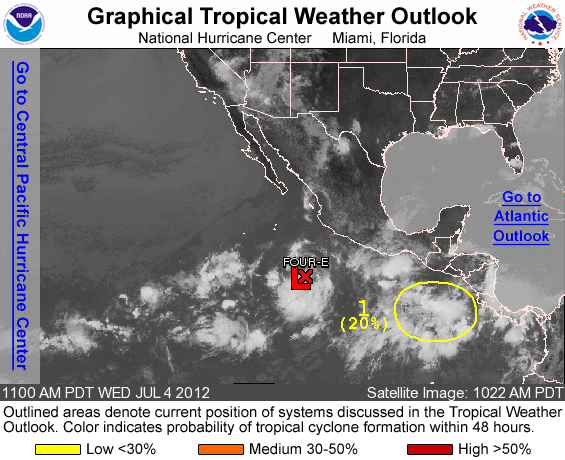
FOR THE EASTERN NORTH PACIFIC...EAST OF 140 DEGREES WEST LONGITUDE..

THE NATIONAL HURRICANE CENTER IS ISSUING ADVISORIES ON TROPICAL DEPRESSION FOUR-E...LOCATED ABOUT 450 MILES SOUTH-SOUTHWEST OF MANZANILLO MEXICO.

1. A BROAD LOW PRESSURE SYSTEM LOCATED ABOUT 300 MILES SOUTH OF EL SALVADOR IS PRODUCING AN EXTENSIVE AREA OF CLOUDINESS AND SHOWERS OVER MOST OF THE FAR EASTERN NORTH PACIFIC OCEAN...INCLUDING THE GULF OF TEHUANTEPEC. ENVIRONMENTAL CONDITIONS ARE FORECAST TO GRADUALLY BECOME MORE CONDUCIVE FOR THIS LARGE DISTURBANCE TO DEVELOP OVER THE NEXT FEW DAYS. THIS SYSTEM HAS A LOW CHANCE... 20 PERCENT...OF BECOMING A TROPICAL CYCLONE DURING THE NEXT 48 HOURS AS IT MOVES WESTWARD AT ABOUT 10 TO 15 MPH.

ELSEWHERE...TROPICAL CYCLONE FORMATION IS NOT EXPECTED DURING THE NEXT 48 HOURS.

&&
PUBLIC ADVISORIES ON TROPICAL DEPRESSION FOUR-E ARE ISSUED UNDER WMO HEADER WTPZ34 KNHC AND UNDER AWIPS HEADER MIATCPEP4. FORECAST/ADVISORIES ON THE DEPRESSION ARE ISSUED UNDER WMO HEADER WTPZ24 KNHC AND UNDER AWIPS HEADER MIATCMEP4.

FORECASTER STEWART